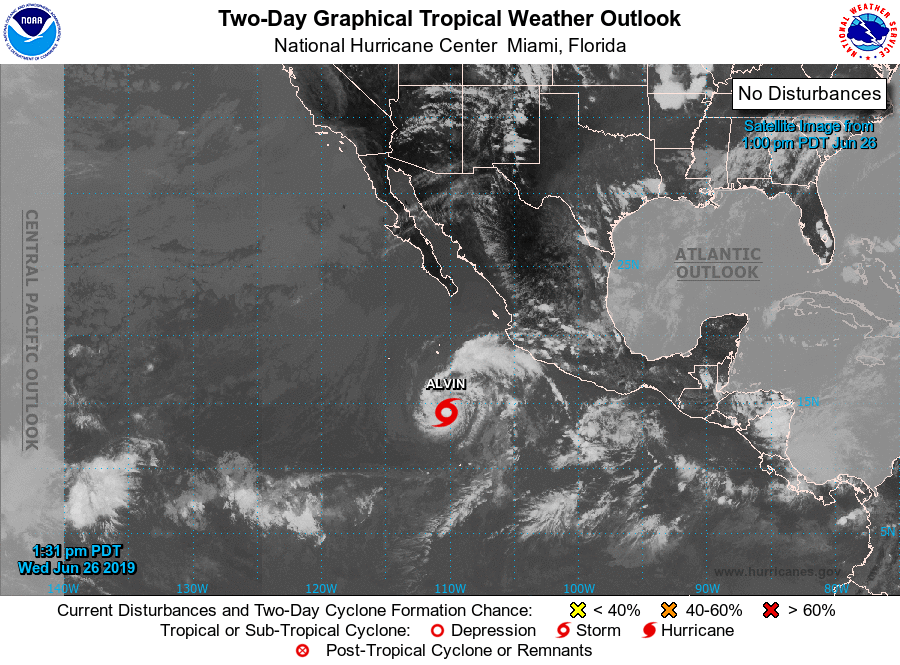
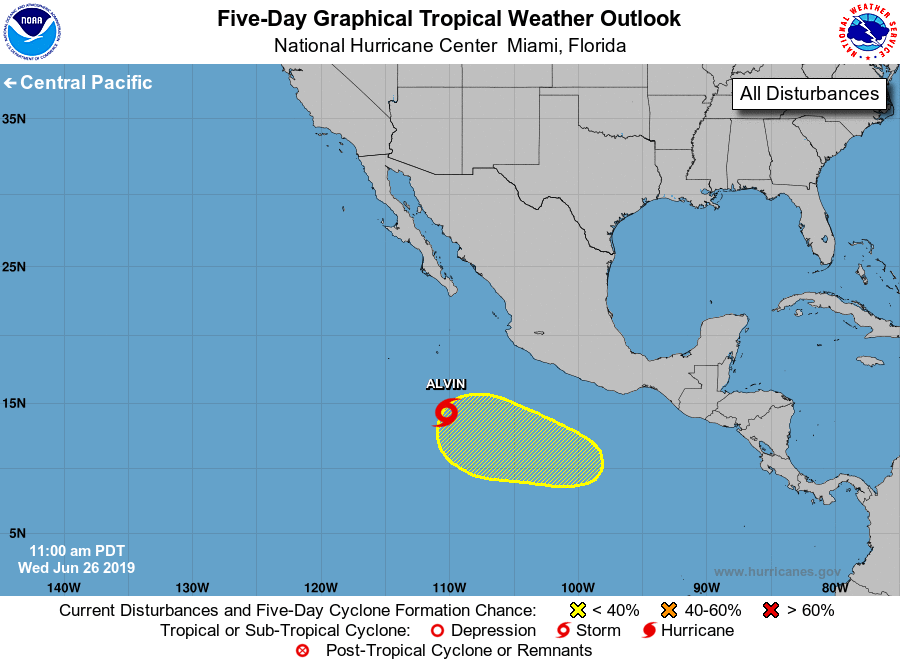
For the eastern North Pacific...east of 140 degrees west longitude:

The National Hurricane Center is issuing advisories on recently upgraded Tropical Storm Alvin, located a several hundred miles southwest of Manzanillo, Mexico.

1. An area of low pressure is expected to develop in a few days several hundred miles southwest of the southern coast of Mexico. Some slow development of this system is possible over the weekend and into early next week as it moves westward to west-northwestward.
* Formation chance through 48 hours...low...near 0 percent.
* Formation chance through 5 days...low...20 percent.

Public Advisories on Tropical Storm Alvin are issued under WMO header WTPZ31 KNHC and under AWIPS header MIATCPEP1. Forecast/Advisories on Tropical Storm Alvin are issued under WMO header WTPZ21 KNHC and under AWIPS header MIATCMEP1.

Forecaster Latto/Zelinsky